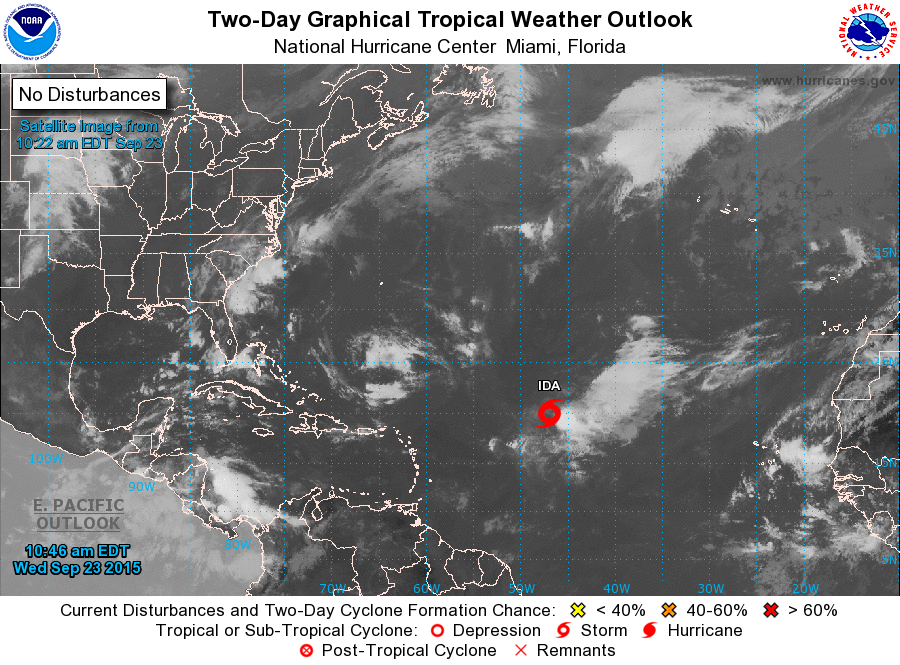
For the North Atlantic...Caribbean Sea and the Gulf of Mexico:

The National Hurricane Center is issuing advisories on Tropical Storm Ida, located about 1000 miles east of the northern Leeward Islands.

1. A broad area of low pressure could form early next week over the southern Gulf of Mexico. Development, if any, should be slow to occur as the system drifts northward.
* Formation chance through 48 hours...low...near 0 percent
* Formation chance through 5 days...low...near 20 percent

Forecaster Avila